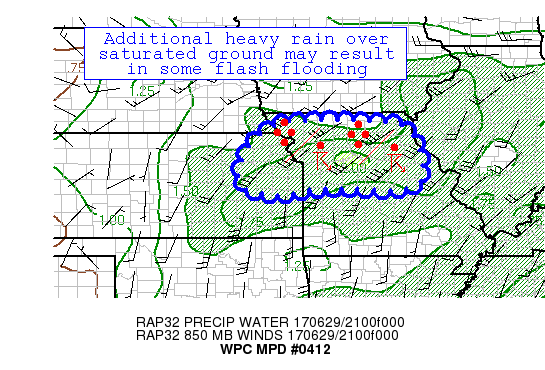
AREAS AFFECTED...NORTH CENTRAL MISSOURI AND NORTHEAST KANSAS

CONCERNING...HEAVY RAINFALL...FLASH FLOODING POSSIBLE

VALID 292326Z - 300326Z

SUMMARY...THUNDERSTORMS ARE INCREASING IN COVERAGE OVER CENTRAL
AND NORTHERN MISSOURI.  TRAINING CELLS ARE LIKELY WITH THE
POTENTIAL FOR FLASH FLOODING GIVEN WET ANTECEDENT CONDITIONS AND
RAINFALL RATES ON THE ORDER OF 1 TO 2 INCHES PER HOUR POSSIBLE.

DISCUSSION...THE LATEST RADAR AND SATELLITE TRENDS ARE INDICATING
BACK-BUILDING CONVECTION JUST NORTH OF THE INTERSTATE 70 CORRIDOR
EARLY THIS EVENING.  THIS IS EXPECTED TO CONTINUE OVER THE NEXT
SEVERAL HOURS GIVEN STRONG LOW LEVEL CONVERGENT FLOW AND MOISTURE
CONVERGENCE.  PW VALUES NEAR 1.75 INCHES AS PORTRAYED BY THE RAP
MODEL, ALONG WITH MLCAPES OF 1500 TO 2500 JUST SOUTH OF THE
ONGOING CONVECTION, WILL BE ABLE TO SUSTAIN THIS CONVECTION
THROUGH MOST OF THE EVENING HOURS.

AN AGGRAVATING FACTOR HERE IS THE WET ANTECEDENT CONDITIONS, WITH
PARTS OF NORTHERN MISSOURI RECEIVING OVER 4 INCHES OF RAIN IN THE
PAST 24 HOURS, LEADING TO MUCH LOWER FLASH FLOOD GUIDANCE VALUES
ACROSS THE NORTHERN THIRD OF THE STATE.  THE LATEST HI RES
GUIDANCE IS SUGGESTING PATCHY AREAS OF 2+ INCHES OF RAINFALL BY
3Z, AND THIS FALLING OVER SATURATED GROUNDS INCREASES THE
POTENTIAL FOR FLASH FLOODING WITH THE STRONGEST THUNDERSTORM
ACTIVITY.